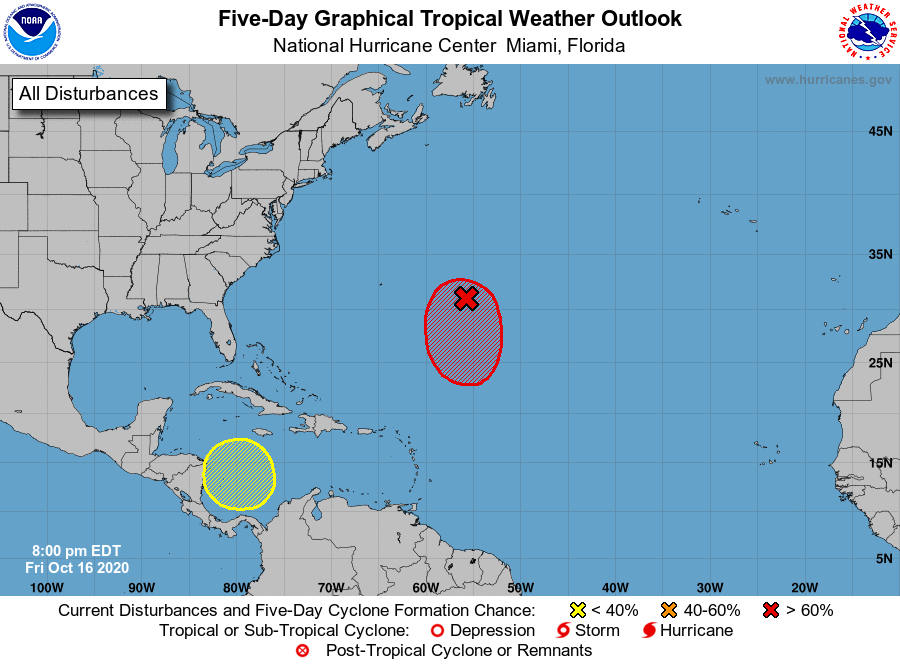
For the North Atlantic...Caribbean Sea and the Gulf of Mexico:

1. Satellite images indicate that the circulation of a non-tropical low pressure system located about 550 miles east-southeast of Bermuda continues to become better defined, and the associated shower and thunderstorm activity has become a little more organized. Additional development of this system is expected, and a subtropical depression is likely to form during the next few days while the low meanders well to the southeast of Bermuda.
* Formation chance through 48 hours...medium...60 percent.
* Formation chance through 5 days...high...70 percent.

2. A broad area of low pressure is expected to form early next week over the southwestern Caribbean Sea. Some gradual development of this system will be possible through the middle of next week while it moves slowly over the southwestern or western Caribbean Sea.
* Formation chance through 48 hours...low...near 0 percent.
* Formation chance through 5 days...low...30 percent.

Forecaster Berg